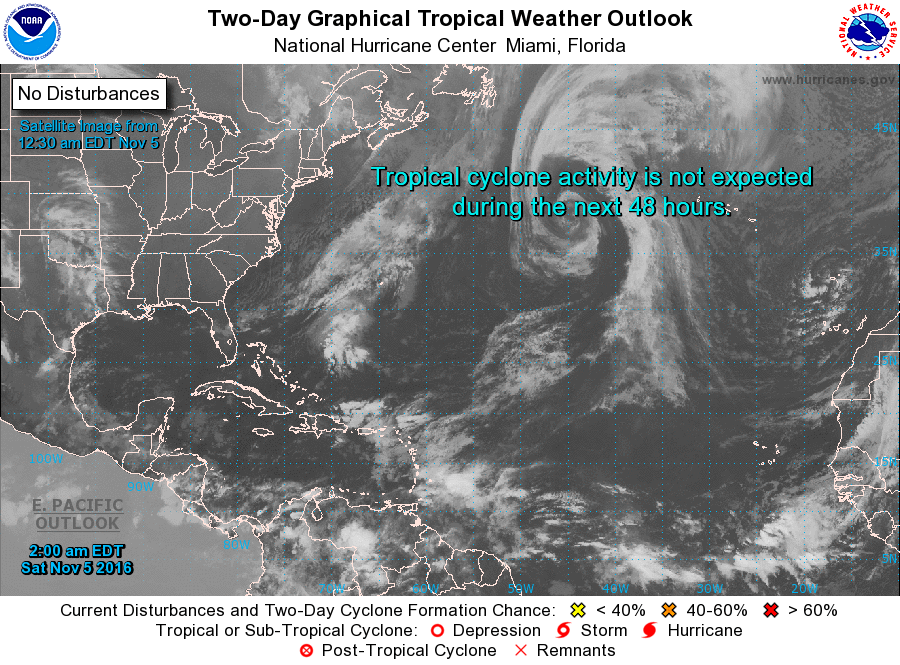
For the North Atlantic...Caribbean Sea and the Gulf of Mexico:

Tropical cyclone formation is not expected during the next 5 days.

Forecaster Cangialosi